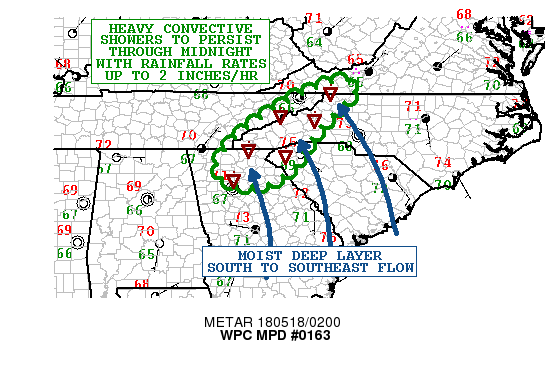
AREAS AFFECTED...SOUTHERN APPALACHIANS

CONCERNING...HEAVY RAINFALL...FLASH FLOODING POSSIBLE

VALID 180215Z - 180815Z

SUMMARY...HEAVY SHOWERS TO PERSIST LOCALLY WELL PAST MIDNIGHT.
ADDITIONAL FLASH FLOODING WILL BE POSSIBLE.

DISCUSSION...VERY MOIST DEEP LAYER SOUTH TO SOUTHEAST FLOW INTO
THE SOUTHERN APPALACHIANS IS EXPECTED TO CONTINUE OVERNIGHT AND
WILL TEND TO MAINTAIN THE THREAT OF HEAVY SHOWERS AS A BROAD UPPER
TROUGH LINGERS OVER THE SOUTHEAST. INSTABILITY PROFILES ARE
GRADUALLY WEAKENING WITH THE LOSS OF DIURNAL HEATING...BUT THE
PRESENCE OF DIFFLUENT FLOW ALOFT AND OROGRAPHIC LIFT OVER THE
HIGHER TERRAIN SHOULD TEND TO COMPENSATE AT LEAST TO THE EXTENT OF
MAINTAIN THE CONVECTIVE SHOWER THREAT OVER THE NEXT SEVERAL HOURS.

IN FACT...THE LATEST HRRR AND HRRR-TLE GUIDANCE ACTUALLY MAINTAINS
THE CONVECTIVE THREAT ACROSS ESPECIALLY WESTERN NC AND EXTENDING
AS FAR SOUTH AS NORTHEAST GA GOING WELL PAST 06Z. ASIDE FROM THE
DEEP LAYER UPSLOPE FLOW...THE SUPPORT FOR THIS IN PART WILL BE
ATTRIBUTED TO MORE FAVORABLE MID LEVEL FORCING/DIVERGENCE ARRIVING
AROUND THE EASTERN FLANK OF THE UPPER LOW OVER THE MID SOUTH.

MOISTURE IS HIGHLY ANOMALOUS ACROSS THE REGION AND RUNNING AS MUCH
AS 2 STANDARD DEVIATIONS ABOVE NORMAL. THE DEPTH OF MOISTURE IS
QUITE DEEP AND THUS WILL PROMOTE HIGHLY EFFICIENT RAIN RATES
PROCESSES THAT WITH THE AID OF OROGRAPHICS WILL PROMOTE RAINFALL
RATES OF AS MUCH AS 2 INCHES/HR.

GIVEN THESE INTENSE RAINFALL RATES OVER ELEVATED TERRAIN AND ALSO
WITH RECENT RAINFALL...THE THREAT OF FLASH FLOODING WILL CONTINUE.